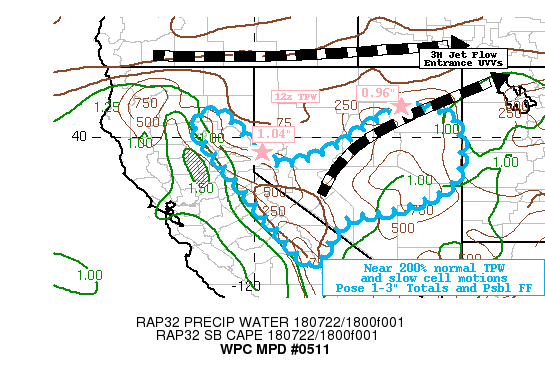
AREAS AFFECTED...CA SIERRAS...MTN RANGES OF CENTRAL AND EASTERN
NV...

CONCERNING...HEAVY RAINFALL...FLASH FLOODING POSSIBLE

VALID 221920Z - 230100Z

SUMMARY...NEAR RECORD DEEP MOISTURE AND SLOW CELL MOTIONS ACROSS
STEEP SLOPES POSE FLASH FLOODING RISK THIS AFTERNOON INTO EVENING.

DISCUSSION...12Z SOUNDINGS FROM REV AND LNK ARE RUNNING NEAR THE
MAX MOVING AVERAGE WELL ABOVE 95TH PERCENTILE OF MOISTURE WITH TPW
OF 1.04" AND 0.95" RESPECTFULLY.EVEN TDS IN THE MID-50S ARE
OBSERVED IN THE EASTERN SLOPES OF THE SIERRAS FROM BIH TO BLU/RNO.
 WHILE THE MEAN SHORTWAVE IS ROTATING AWAY ACROSS UT/WY THE
ANTICYCLONIC UPPER LEVEL FLOW STILL FEEDS THE RIGHT ENTRANCE TO A
40-50KT 250MB JET THAT FROM MONO/INYO COUNTY TOWARD NORTHERN UT.
THIS IS PROVIDING MODERATE BROAD SCALE ASCENT AND INCREASED LOW
LEVEL CONVERGENCE FOR THE MOUNTAIN CONVERGENCE CIRCULATION.  CIRA
LAYERED PW LOOP SHOW THIS JET CIRCULATION WELL TOO WITH MID-LEVEL
MOISTURE POOLING IN THE COL BETWEEN THE UPPER LOW OFF SHORE AND
THE EASTWARD MOVING SHORTWAVE...MAXIMIZING THIS MOISTURE FOR THIS
ASCENT.  AS SUCH MID-LEVEL CLOUD BEARING FLOW IS LIMITED SO CELLS
WILL BE VERY SLOW MOVING AND GIVEN THE AMPLE MOISTURE...RATES OF
1" TO 1.5"/HR ARE LIKELY AND TOTALS OF 1-2" ARE PROBABLE WITH
ISOLATED SPOTS GREATER THAN 3" POSSIBLE POSING FLASH FLOODING, MUD
AND DEBRIS FLOWS ESPECIALLY INSIDE AND DOWNSTREAM FROM BURN SCARS.